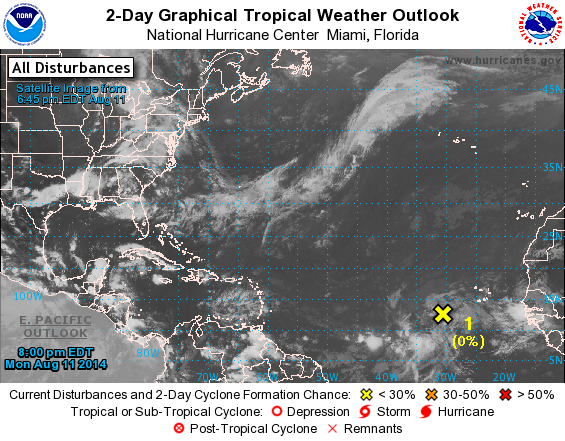
For the North Atlantic...Caribbean Sea and the Gulf of Mexico:

1. Shower activity remains limited in association with a broad area of low pressure located a few hundred miles west-southwest of the Cape Verde Islands. Little development is expected during the next couple of days due to the system moving through a dry and stable atmosphere over marginally warm waters. After that time, environmental conditions could become more conducive for some development over the western tropical Atlantic Ocean while the system moves westward or west-northwestward at 15 to 20 mph.
* Formation chance through 48 hours...low...near 0 percent.
* Formation chance through 5 days...low...20 percent.

Forecaster Blake